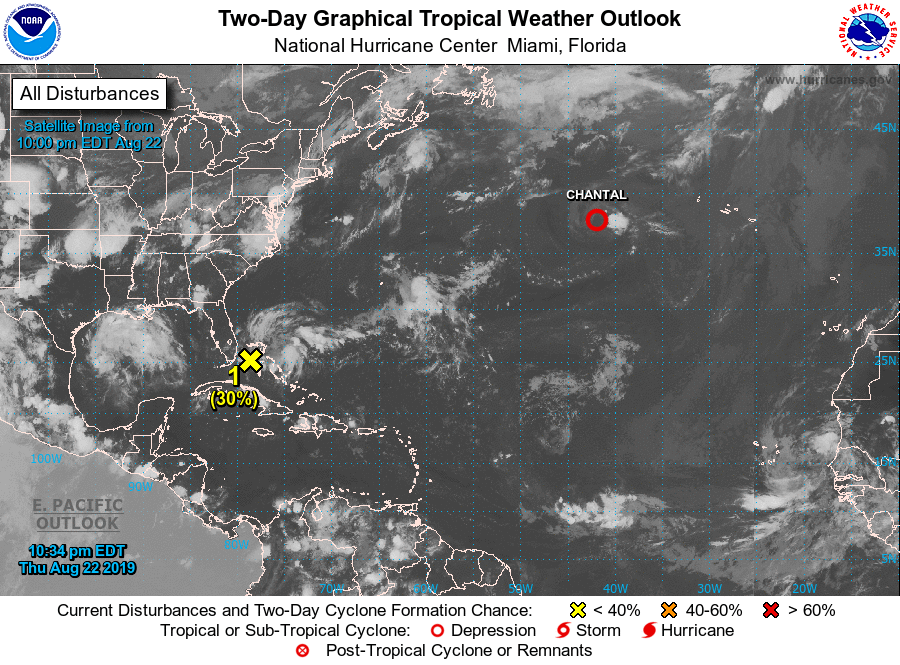
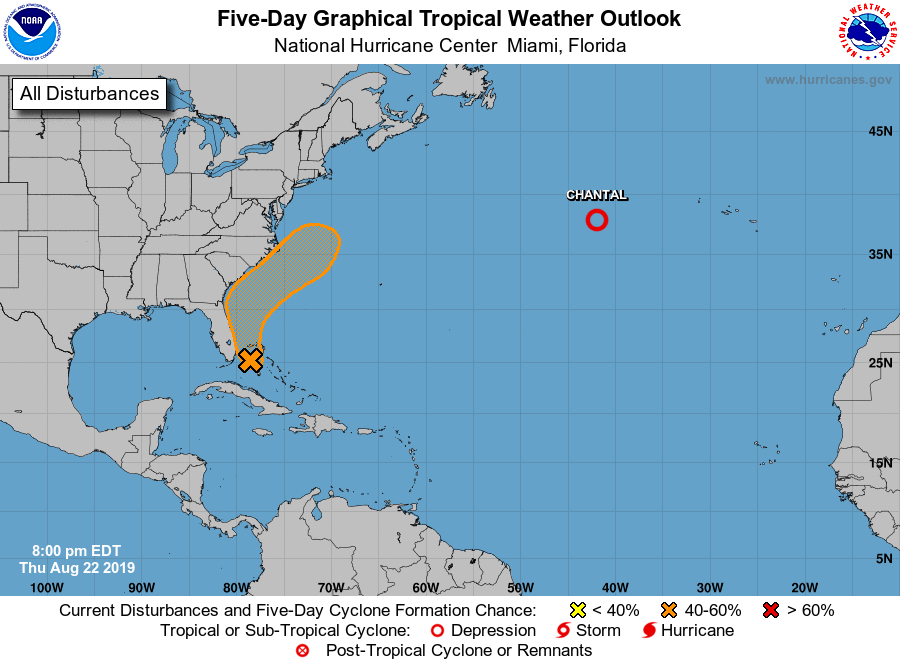
For the North Atlantic...Caribbean Sea and the Gulf of Mexico:

The National Hurricane Center is issuing advisories on Tropical Depression Chantal, located several hundred miles southeast of Cape Race, Newfoundland.

1. Satellite and surface observations show that a broad area of low pressure has formed just northwest of Andros Island in the central Bahamas. This system continues to produce a large area of disorganized showers and thunderstorms that extend eastward over the western Atlantic for a few hundred miles. Environmental conditions are forecast to be conducive for additional development during the next several days, and a tropical depression could form over the weekend or early next week while the system moves near the coast of east-central Florida and then offshore of the southeast United States coast. Regardless of development, locally heavy rains are possible over portions of the central and northwest Bahamas, and the east-central and southeast Florida peninsula during the next few days.
* Formation chance through 48 hours...low...30 percent.
* Formation chance through 5 days...medium...50 percent.

Forecaster Brown/Roberts